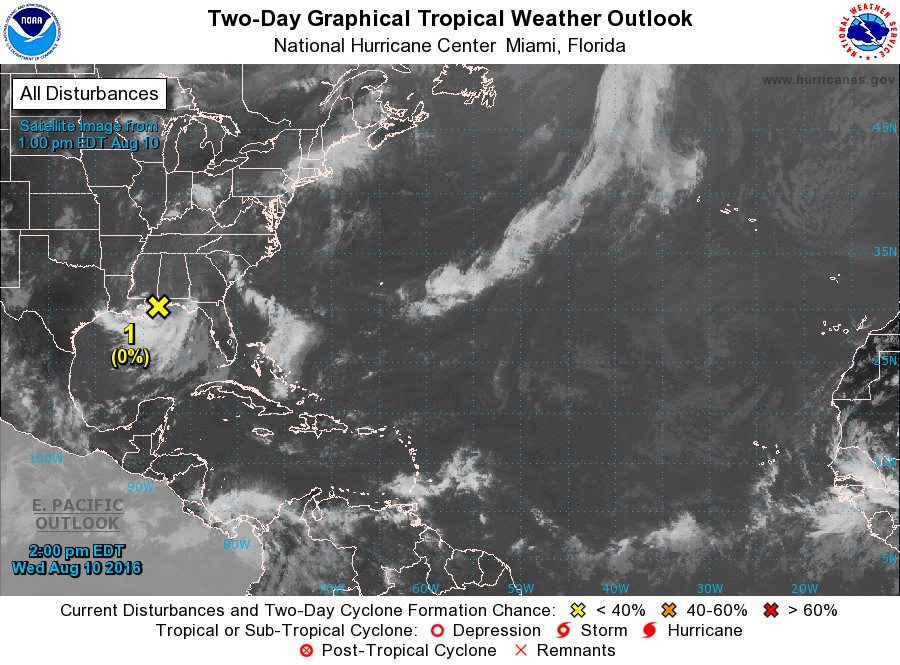
For the North Atlantic...Caribbean Sea and the Gulf of Mexico:

1. A broad area of low pressure located just southwest of Mobile, Alabama, continues to produce a large area of cloudiness and disorganized thunderstorms over much of the north-central and northeastern Gulf of Mexico and adjacent land areas. This system is forecast to move west-northwestward to northwestward and move inland by Thursday, with little or no development expected due to unfavorable upper-level winds and its proximity to land. However, locally heavy rainfall are possible along portions of the northern and northeastern coastal areas of the Gulf of Mexico during the next few days.
* Formation chance through 48 hours...low...near 0 percent
* Formation chance through 5 days...low...near 0 percent

Forecaster Stewart